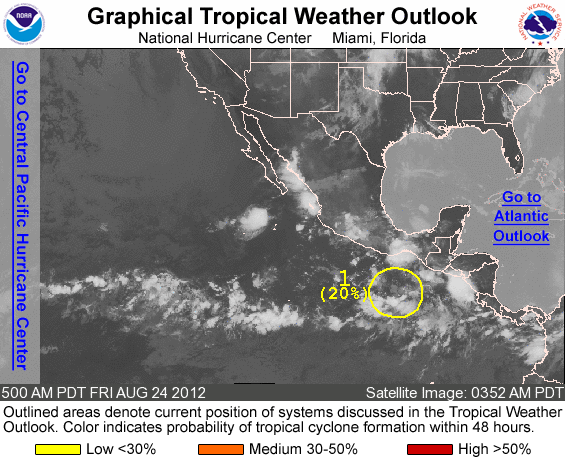
FOR THE EASTERN NORTH PACIFIC...EAST OF 140 DEGREES WEST LONGITUDE..

1. AN AREA OF DISTURBED WEATHER CONTINUES TO PRODUCE DISORGANIZED SHOWER AND THUNDERSTORM ACTIVITY SEVERAL HUNDRED MILES SOUTH OF THE GULF OF TEHUANTEPEC. GRADUAL DEVELOPMENT IS POSSIBLE AS THIS SYSTEM MOVES WESTWARD AT ABOUT 10 MPH DURING THE NEXT COUPLE OF DAYS. THIS SYSTEM HAS A LOW CHANCE...20 PERCENT...OF BECOMING A TROPICAL CYCLONE DURING THE NEXT 48 HOURS.

ELSEWHERE...TROPICAL CYCLONE FORMATION IS NOT EXPECTED DURING THE NEXT 48 HOURS.

FORECASTER BERG